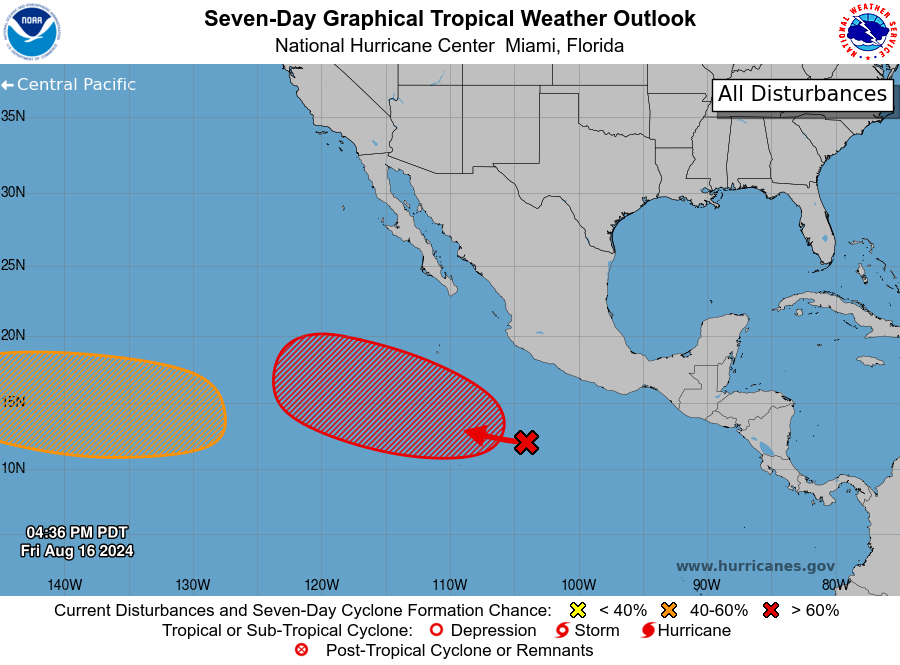
For the eastern North Pacific...east of 140 degrees west longitude:

1. Well Offshore of Southwestern Mexico (EP99): A broad area of low pressure located several hundred miles off the southwestern coast of Mexico is producing a large area of disorganized showers and thunderstorms to the west of its center. Upper-level winds are forecast to become more conducive for gradual development of this system over the weekend, and a tropical depression is likely to form early next week while it moves west-northwestward at about 10 mph across the central portion of the East Pacific basin.
* Formation chance through 48 hours...medium...40 percent.
* Formation chance through 7 days...high...80 percent.

2. Western Portion of the East Pacific: An area of low pressure could form this weekend or early next week more than one thousand miles west-southwest of the southern tip of the Baja California peninsula. Some slow development of this system is possible, and a tropical depression could form during the middle part of next week while it moves westward to west-northwestward across the western portion of the East Pacific and into the Central Pacific basin. Information on this system's development can also be found in the Tropical Weather Outlook for the Central Pacific basin.
* Formation chance through 48 hours...low...near 0 percent.
* Formation chance through 7 days...medium...60 percent.

The Tropical Weather Outlook for the Central Pacific basin can be found under AWIPS header HFOTWOCP and WMO header ACPN50 PHFO and on the web at hurricanes.gov

Forecaster Reinhart